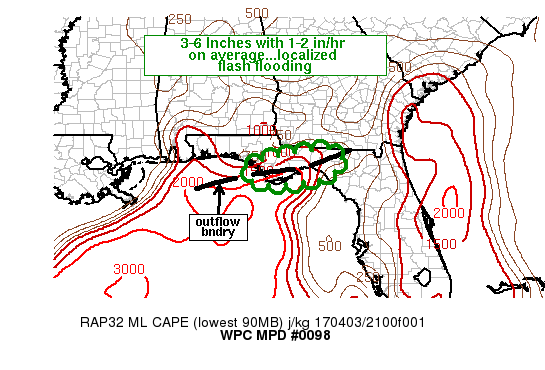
AREAS AFFECTED...CNTRL TO ERN FL PANHANDLE

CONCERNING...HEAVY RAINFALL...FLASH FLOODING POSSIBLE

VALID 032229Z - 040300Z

SUMMARY...AN UPTICK IN RAINFALL RATES WITHIN AN ONGOING AXIS OF
HEAVY RAIN OVER THE CNTRL/ERN FL PANHANDLE IS EXPECTED TO PERSIST
OVER THE NEXT 3-4 HOURS. RAINFALL TOTALS OF 3-6 INCHES WILL BE
POSSIBLE WHICH MAY LEAD TO LOCALIZED FLASH FLOODING.

DISCUSSION...TRENDS IN GOES 16 1-MINUTE UPDATES OF
VISIBLE/INFRARED IMAGERY SHOWED THE STRONGEST UPDRAFTS ASSOCIATED
WITH THE WRN EDGE OF AN INTENSE BAND OF RAINFALL WAS LOCATED 30-40
MILES SOUTH OF THE WRN FL PANHANDLE AND EDGING CLOSER TO THE COAST
TOWARD SRN BAY COUNTY. HEAVY RAIN HAS BEEN ONGOING JUST NORTH OF
AN OUTFLOW BOUNDARY DRAPED ACROSS THE SRN FL PANHANDLE...LOCATED
JUST NORTH OF APALACHICOLA BAY AT 22Z...BUT WITH ACCESS THE HIGHER
INSTABILITY WELL OFFSHORE.

HOWEVER...WITH RECENT TRENDS SHOWING THE ORIENTATION OF THE
OUTFLOW BOUNDARY BECOMING BETTER ALIGNED WITH MEAN STORM MOTIONS
TOWARD THE ENE AND CONTINUED SWLY MOISTURE TRANSPORT AT 850 MB IS
EXPECTED OVER THE NEXT FEW HOURS...HEAVY CORES OF RAINFALL ARE
FORECAST TO TRAIN FROM WSW TO ENE OVER THE NEXT 3-4
HOURS...IMPACTING LOCATIONS FROM BAY/GULF COUNTIES INTO
MADISON/TAYLOR COUNTIES. GIVEN THE SWRN FLANK OF THE HEAVY
RAINFALL AXIS IS NEAR THE COAST...THE COMPLEX IS GAINING BETTER
ACCESS TO INSTABILITY PREVIOUSLY DISPLACED OFFSHORE TO THE SOUTH.
AVERAGE RAINFALL RATES OF 1-2 IN/HR WITH 5 HR TOTALS OF 3-5 INCHES
ARE EXPECTED ACROSS A STRIPE OF THE CNTRL AND ERN FL
PANHANDLE...INCLUDING THE TALLAHASSEE METRO. WEAKENING IS EXPECTED
BEYOND 03Z AS UPPER SUPPORT CONTINUES TO WEAKEN...BUT TRENDS WILL
CONTINUE TO BE MONITORED.